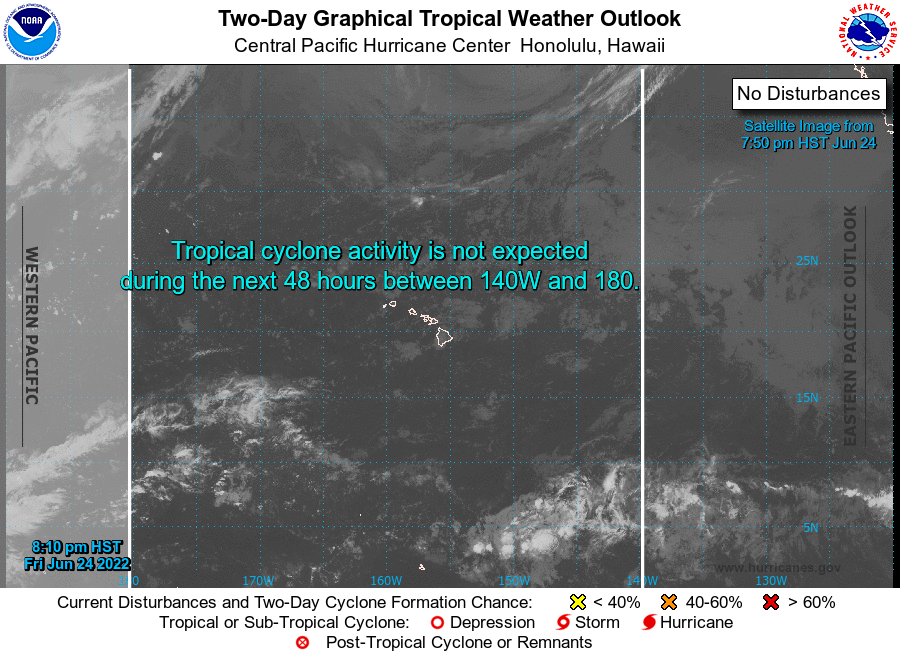
For the central North Pacific...between 140W and 180W:

No tropical cyclones are expected during the next 5 days.

Forecaster Blood